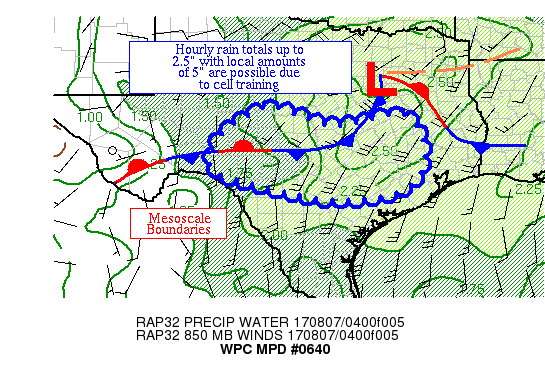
AREAS AFFECTED...CENTRAL TX

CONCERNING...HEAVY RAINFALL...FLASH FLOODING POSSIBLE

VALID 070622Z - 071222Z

SUMMARY...SHOWERS AND THUNDERSTORMS ARE EXPANDING IN COVERAGE
ACROSS CENTRAL TX.  HOURLY RAIN TOTALS UP TO 2.5" AND LOCAL
AMOUNTS TO 5" ARE POSSIBLE.

DISCUSSION...A WEST-NORTHWEST/EAST- SOUTHEAST ORIENTED BAND OF
THUNDERSTORMS IS TRYING TO FORM ACROSS CENTRAL TX, MOVING
EAST-SOUTHEAST AT ~15 KTS, WHICH HAS SHOWN SOME BROADENING IN THE
COLD CLOUD TOPS ON NON-OPERATIONAL GOES-16 INFRARED IMAGERY.  THIS
IS OCCURRING NORTH OF WHAT HAS BEEN A PROGRESSIVE OUTFLOW BOUNDARY
WHICH IS LOCATED SOUTH OF SAN ANGELO.  INFLOW AT 850 HPA IS
INCREASING IN THIS AREA, NOW UP TO 20 KTS PER THE DEL RIO TX VAD
WIND PROFILE.  EFFECTIVE BULK SHEAR IS ~20 KTS.  PRECIPITABLE
WATER VALUES OF 1.6-2.1" EXIST IN THIS AREA PER GPS VALUES.

RAP GUIDANCE SHOWS A SLOWING OF THE SOUTHWARD MOVEMENT OF THE
OUTFLOW BOUNDARY AS THE INFLOW AT 850 HPA INCREASES TOWARDS 35 KTS
AND BEGINS TO VEER.  AS IT MOVES INTO SOUTHEAST TX, THE RAINFALL/
THUNDERSTORM BAND COULD BROADEN AS IT ENCOUNTERS 79F DEWPOINTS
NORTHWEST OF HOUSTON TX.  FORWARD PROPAGATION VECTORS SUGGEST THAT
THE BOUNDARY SHOULD TRY TO PROGRESS SOUTH-SOUTHEAST AT 10-15 KTS,
WHICH SHOULD LIMIT OVERALL TOTALS.  SOME BACKBUILDING AND EASTWARD
PROGRESSION IS EXPECTED WITH TIME.  THE GUIDANCE THAT APPEARS TO
BE CAPTURING THIS ACTIVITY THE BEST RIGHT NOW IS THE 00Z WRF NSSL,
WHICH SHOWS LOCAL MAXIMA OF 5-6", WHICH COULD BE A TOUCH HIGH.
HOURLY RAIN TOTALS UP TO 2.5" ARE POSSIBLE WHERE CELLS TRAIN OR
MERGE ALONG WITH LOCAL MAXIMA AROUND 5" OVER THE NEXT SEVERAL
HOURS, WHICH COULD EXCEED THE HIGH FLASH FLOOD GUIDANCE VALUES IN
THE REGION.